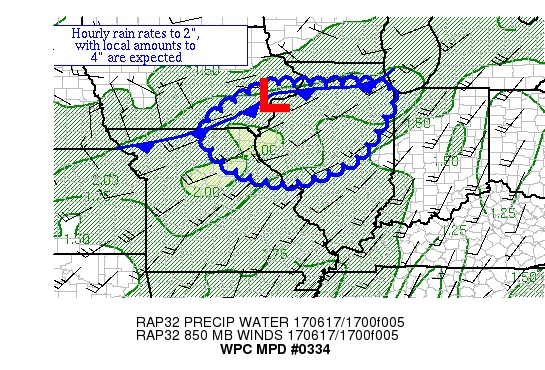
AREAS AFFECTED...SOUTHEAST IA, WESTERN IL, & NORTHEAST MO

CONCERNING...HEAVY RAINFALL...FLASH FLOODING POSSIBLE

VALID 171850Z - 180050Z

SUMMARY...THUNDERSTORMS ARE ABOUT TO BUILD ACROSS THE REGION.
HOURLY RAIN RATES UP TO 2", WITH LOCAL AMOUNTS TO 4", ARE EXPECTED.

DISCUSSION...A SAGGING COLD FRONT IS ACTING AS THE FOCUS FOR
TOWERING CUMULI ACROSS SOUTHEAST IA AND NORTHERN IL AT THIS TIME
-- THE MID-LEVEL CAP APPEARS TO BE BREAKING.  A WEAK SHORTWAVE
ALOFT MOVING THROUGH SOUTHEAST SD APPEARS TO BE THE CULPRIT FOR
DIVERGENCE ALOFT, THOUGH A WEAK JET STREAK FROM THE WEAKENING
CONVECTIVE COMPLEX OVER EXTREME SOUTHEAST OK MAY ALSO BE AIDING
DIVERGENCE ALOFT.   MLCAPE VALUES OF 1000-2000 J/KG LURK ACROSS
PORTIONS OF IA AND IL.  TO THE SOUTHWEST, AN INSTABILITY POOL OF
1000-5000 J/KG IS ACTING AS THE FOCUS FOR CLOUDINESS ACROSS
NORTHERN MO, WHICH IS BEGINNING TO SHOW SIGNS OF CUMULUS
DEVELOPMENT WITHIN A CAPPED ENVIRONMENT ALOFT.  INFLOW AT 850 HPA
IS CONVERGENT AT 20-30 KTS. BULK SHEAR OF 30-50 KTS EXISTS HERE,
WHICH SHOULD ORGANIZE CONVECTION.  PRECIPITABLE WATER VALUES ARE
NEAR 1.4" PER THE 18Z SOUNDINGS FROM QUAD CITIES IA AND LINCOLN IL.

THE 12Z GFS, 12Z SPC WRF, RECENT RAP MASS FIELDS AND 12Z NSSL WRF
APPEAR TO HAVE A GOOD HANDLE ON THE EXPECTATIONS OVER THE NEXT SIX
HOURS, WITH HRRR RUNS STRUGGLING TO CATCH UP.  WITH A BROADLY
DIVERGENT THICKNESS PATTERN IN THE REGION, A CONVECTIVE COMPLEX IS
LIKELY TO FORM.  A SURFACE WAVE ALONG THE FRONT IS EXPECTED TO
SHIFT SOUTHWEST, WITH CONVECTION FOCUSING WITHIN ITS WARM
ADVECTION PATTERN.  WINDS AT 850 HPA INCREASE FROM THE SOUTHWEST
AFTER 22Z, WHICH MAY LEAD TO BACKBUILDING CONVECTION LATER THIS
AFTERNOON.  CONVECTION IS BEGINNING TO INITIATE FIRST IN SOUTHEAST
IA AND NORTHERN IL, WHICH SHOULD SHIFT SOUTHWARD WITH THE
BOUNDARY.  FORWARD PROPAGATION APPROXIMATELY TO THE EAST-SOUTHEAST
AT 30 KTS IS EXPECTED.  CELL TRAINING AND MESOCYCLONES ARE
EXPECTED TO BE THE MAIN HEAVY RAIN RISK IN THIS ENVIRONMENT.
HOURLY RAIN RATES TO 2", WITH LOCAL AMOUNTS TO 4" ARE EXPECTED.
THE SOILS IN SOME OF THIS AREA HAVE BEEN PARTIALLY SATURATED BY
RECENT RAINS.  FLASH FLOODING IS A CONCERN, PARTICULARLY WITHIN
URBAN ENVIRONMENTS.